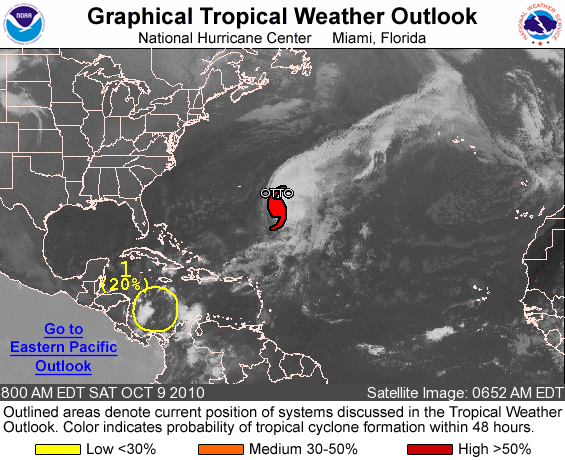
FOR THE NORTH ATLANTIC...CARIBBEAN SEA AND THE GULF OF MEXICO...

THE NATIONAL HURRICANE CENTER IS ISSUING ADVISORIES ON HURRICANE OTTO...LOCATED ABOUT 430 MILES EAST-SOUTHEAST OF BERMUDA.

1. A BROAD AREA OF LOW PRESSURE LOCATED OVER THE SOUTHWESTERN CARIBBEAN SEA CONTINUES TO PRODUCE DISORGANIZED SHOWERS AND THUNDERSTORMS. SOME SLOW DEVELOPMENT OF THIS SYSTEM IS POSSIBLE OVER THE NEXT COUPLE OF DAYS AS IT MOVES SLOWLY WEST-NORTHWESTWARD OR NORTHWESTWARD. THERE IS A LOW CHANCE...20 PERCENT...OF TROPICAL CYCLONE FORMATION IN THE NEXT 48 HOURS.

ELSEWHERE...TROPICAL CYCLONE FORMATION IS NOT EXPECTED DURING THE NEXT 48 HOURS.

FORECASTER KIMBERLAIN